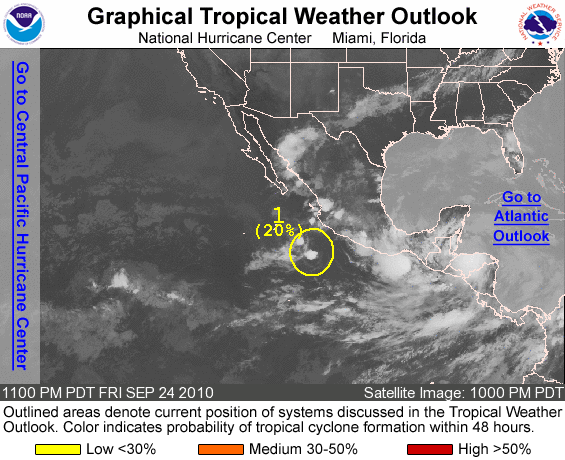
FOR THE EASTERN NORTH PACIFIC...EAST OF 140 DEGREES WEST LONGITUDE..

1. A LOW PRESSURE SYSTEM LOCATED ABOUT 180 MILES SOUTH-SOUTHWEST OF MANZANILLO MEXICO CONTINUES TO PRODUCE DISORGANIZED SHOWER ACTIVITY. ALTHOUGH UPPER-LEVEL WINDS ARE NOT PARTICULARLY FAVORABLE...SOME SLOW DEVELOPMENT OF THIS LOW IS STILL POSSIBLE DURING THE NEXT COUPLE OF DAYS. THERE IS A LOW CHANCE...20 PERCENT...OF THIS SYSTEM BECOMING A TROPICAL CYCLONE DURING THE NEXT 48 HOURS AS IT MOVES SLOWLY WESTWARD TO WEST- NORTHWESTWARD.

ELSEWHERE...TROPICAL CYCLONE FORMATION IS NOT EXPECTED DURING THE NEXT 48 HOURS.

FORECASTER KIMBERLAIN